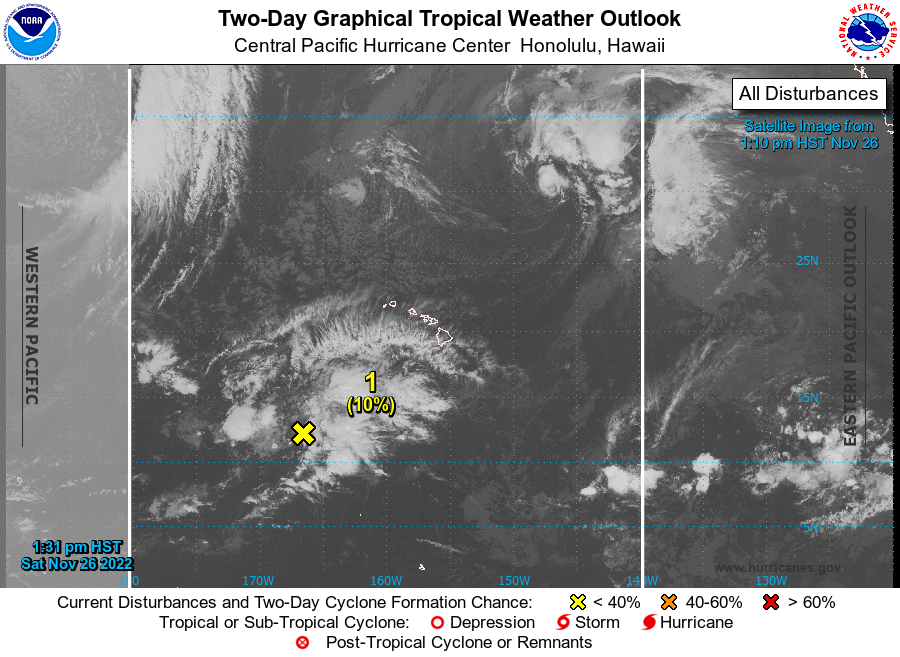
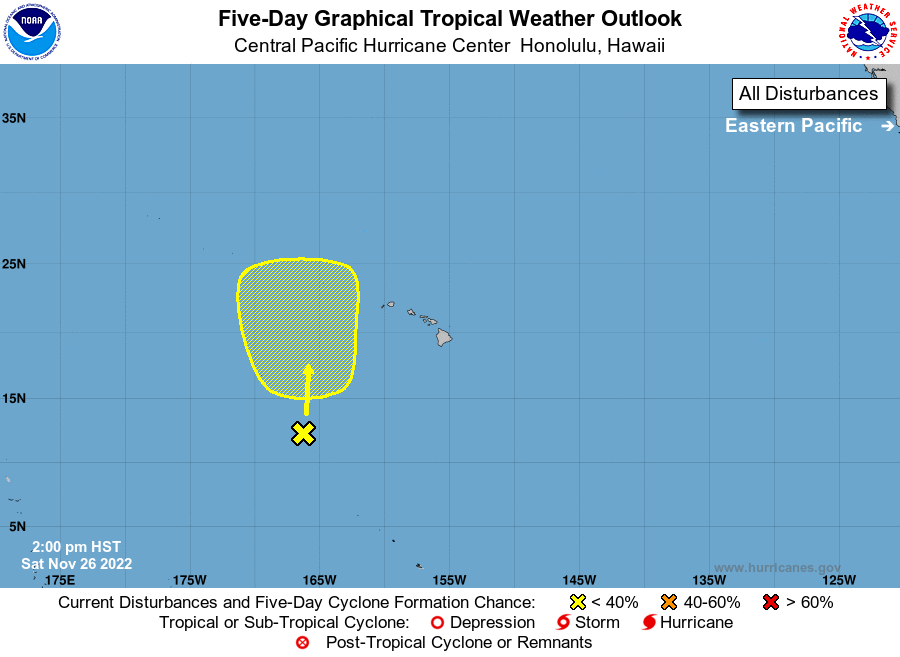
For the central North Pacific...between 140W and 180W:

1. An elongated trough of low pressure about 700 miles southwest of the Hawaiian Islands is producing disorganized showers and thunderstorms. An area of low pressure could form along the trough over the next couple of days, with some slow development possible next week as it moves slowly toward the north.
* Formation chance through 48 hours...low...near 0 percent
* Formation chance through 5 days...low...20 percent

Elsewhere, no tropical cyclones are expected during the next 5 days.

The central North Pacific hurricane season officially ends on November 30. The final Tropical Weather Outlook of the season will be issued at 8 PM on November 30. Routine issuance of the Tropical Weather Outlook will resume on June 1, 2023. During the off-season, Tropical Weather Outlooks will be issued if conditions warrant.

Forecaster TS